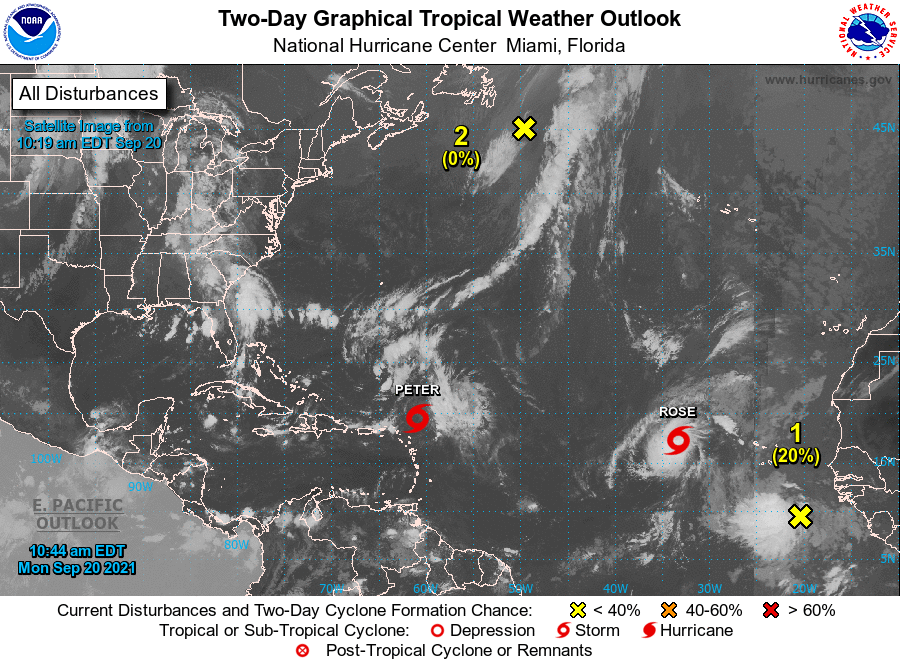
For the North Atlantic...Caribbean Sea and the Gulf of Mexico:

The National Hurricane Center is issuing advisories on Tropical Storm Peter, located east-northeast of the northernmost Leeward Islands, and on Tropical Storm Rose, located over the eastern tropical Atlantic Ocean.

1. A tropical wave located over the far eastern tropical Atlantic several hundred miles south-southeast of the Cabo Verde Islands is producing an area of showers and thunderstorms that are showing some signs of organization. Upper-level winds are expected to become more conducive for further development by midweek, and a tropical depression is likely to form by Friday while the system moves westward at 10 to 15 mph across the eastern and central tropical Atlantic Ocean.
* Formation chance through 48 hours...low...20 percent.
* Formation chance through 5 days...high...70 percent.

2. A storm-force, non-tropical low pressure system, the remnants of Odette, is located a couple of hundred miles southeast of Newfoundland. This low could acquire some subtropical characteristics by the middle of this week as it moves slowly southeastward over warmer waters across the north-central Atlantic Ocean before moving northward out of the area over the weekend. Additional information on this system, including storm warnings, can be found in High Seas Forecasts issued by the National Weather Service.
* Formation chance through 48 hours...low...near 0 percent.
* Formation chance through 5 days...low...30 percent.

High Seas Forecasts issued by the National Weather Service can be found under AWIPS header NFDHSFAT1, WMO header FZNT01 KWBC, and online at ocean.weather.gov/shtml/NFDHSFAT1.php

Forecaster Blake